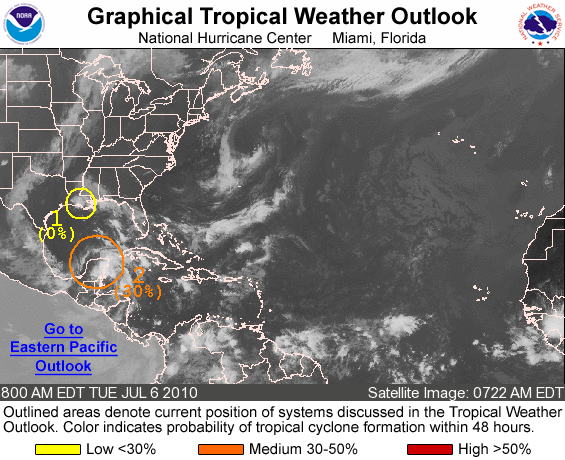
FOR THE NORTH ATLANTIC...CARIBBEAN SEA AND THE GULF OF MEXICO...

1. A SMALL LOW PRESSURE AREA ACCOMPANIED BY CLOUDINESS AND THUNDERSTORMS CONTINUES TO MOVE INLAND OVER SOUTHERN LOUISIANA. THERE IS A LOW CHANCE...NEAR 0 PERCENT...OF THIS SYSTEM BECOMING A TROPICAL CYCLONE. LOCALLY HEAVY RAINFALL IS POSSIBLE OVER PORTIONS OF SOUTHERN LOUISIANA TODAY.

2. A BROAD AREA OF LOW PRESSURE NEAR THE NORTHERN YUCATAN PENINSULA CONTINUES TO PRODUCE WIDESPREAD BUT DISORGANIZED CLOUDINESS... SHOWERS...AND THUNDERSTORMS. THERE IS STILL POTENTIAL FOR GRADUAL DEVELOPMENT OF THIS SYSTEM AS IT MOVES WEST-NORTHWESTWARD OVER THE SOUTHERN GULF OF MEXICO DURING THE NEXT DAY OR SO. THERE IS A MEDIUM CHANCE...30 PERCENT...OF THIS SYSTEM BECOMING A TROPICAL CYCLONE DURING THE NEXT 48 HOURS. REGARDLESS OF DEVELOPMENT... LOCALLY HEAVY RAINFALL AND GUSTY WINDS ARE POSSIBLE OVER PORTIONS OF THE YUCATAN PENINSULA TODAY.

ELSEWHERE...TROPICAL CYCLONE FORMATION IS NOT EXPECTED DURING THE NEXT 48 HOURS.

FORECASTER BROWN